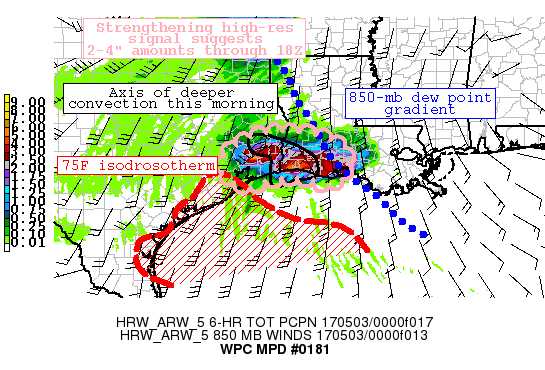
AREAS AFFECTED...SOUTHEASTERN TX/SOUTHWESTERN LA...

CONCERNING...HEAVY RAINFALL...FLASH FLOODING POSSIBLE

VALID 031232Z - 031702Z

SUMMARY...A WAVY BOUNDARY FEATURING A SHARP DEW POINT GRADIENT
WILL REMAIN A FOCUS FOR ACTIVE CONVECTION THIS MORNING. MULTIPLE
CELLS HAVE ALREADY ERUPTED ACROSS SOUTHEAST TX AND INTO THE
ADJACENT GULF COAST WATERS. RECENT CAMS SUGGEST AN INCREASINGLY
MORE ORGANIZED EVENT UNFOLDING DURING THE NEXT FEW HOURS WHICH
SUPPORTS AN INHERENT FLASH FLOOD RISK.

DISCUSSION...GPS SOUNDER DATA INDICATED A FAIRLY SHARP
PRECIPITABLE WATER GRADIENT BOUNDING TX/LA. 10Z DATA SHOWED PWAT
VALUES IN THE 1.50 TO 1.75 INCH RANGE EXTENDING FROM SOUTHEAST TX
DOWN THE COASTLINE WHILE VALUES ROUGHLY AN INCH LESS WERE MORE
COMMONPLACE OVER A VAST MAJORITY OF LA. WITHIN AN UNCAPPED
ENVIRONMENT...PER THE 11Z RAP OBJECTIVE ANALYSIS...EARLY MORNING
THUNDERSTORMS HAVE DEVELOPED ALONG THE UPPER TX GULF COAST AND
MOVED INLAND AT A FAIRLY HEFTY CLIP. THERE ARE PLENTY OF VARIABLES
SUPPORTING AN EXPANSION OF THE PRECIPITATION SHIELD. THIS INCLUDES
AMPLE MOISTURE (PWATS OF 1.75 INCHES AND SURFACE DEW POINTS NEAR
75 DEGREES)...SUFFICIENT UPPER DIFFLUENCE...ABUNDANT
INSTABILITY...AND A WAVY EAST/WEST LOW-LEVEL BOUNDARY IN PLACE.

BASED ON THE FORECAST OF SURFACE-BASED INSTABILITY PARAMETERS THE
NEXT SEVERAL HOURS...THE REGION REMAINS FOR THE MOST UNCAPPED
WHICH SHOULD SUPPORT ADDITIONAL CONVECTIVE DEVELOPMENT THROUGH THE
MORNING AND INTO THE EARLY AFTERNOON. THE IDEA IS FOR MUCH OF THIS
ACTIVITY TO LATCH ONTO THE AFOREMENTIONED EAST/WEST BOUNDARY WHICH
MAY LEAD TO AN EXTENSIVE PERIOD OF TRAINING/BACKBUILDING. THE
HIGH-RESOLUTION MODEL SUITE FAVORS SUCH AN
EVOLUTION...PARTICULARLY THE 00Z HRW-ARW/NSSL-WRF AND RECENT RUNS
OF THE HRRR. FOR THE MOST PART...THE REGION HAS BEEN ON THE DRIER
SIDE THE PAST COUPLE OF WEEKS WHICH SHOULD INITIALLY MITIGATE ANY
EXTENSIVE FLASH FLOOD RISK. AN EXCEPTION IS ON THE FAR EASTERN
SIDE OF THE MPD WHERE A FEW PARISHES ACROSS SOUTHWESTERN LA
(JEFFERSON DAVIS...ALLEN...AND EVANGELINE) HAVE SEEN HEAVY
PRECIPITATION SINCE LATE APRIL.